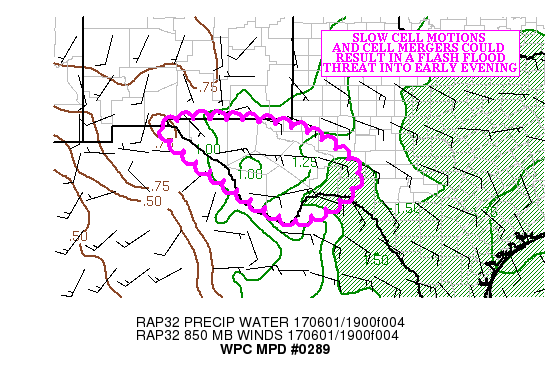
AREAS AFFECTED...FAR WEST TX

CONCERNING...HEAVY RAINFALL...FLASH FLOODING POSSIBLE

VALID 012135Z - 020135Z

SUMMARY...SLOW CELL MOTIONS AND CELL MERGERS COULD POSE A FLASH
FLOOD THREAT ACROSS WEST TX THROUGH THE EARLY MORNING HOURS.

DISCUSSION...CONVECTION CONTINUES TO DEVELOP IN AN AXIS OF
1500-2500 J/KG OF MLCAPE EXTENDING FROM KELP TO NEAR KDRT (THOUGH
OUTFLOW FROM EARLIER CONVECTION HAS PRODUCED AN AREA OF LOW LEVEL
CIN NORTH OF KMRF). THE EXPERIMENTAL GOES-16 IR LOOP SHOWED CORES
OF COOLING TOPS IN THE AXIS OF BEST INSTABILITY...WITH THE COLDEST
CLOUD TOPS NEAR -67 DEGREES C.

A LOW LEVEL 15 KNOT SOUTHEAST FLOW CONTINUES TO TRANSPORT 1.00 TO
1.25 INCH PRECIPITABLE WATER AIR INTO WEST TX FROM THE WESTERN
GULF OF MEXICO (PER THE LATEST RAP ANALYSIS AND BLENDED TPW
PRODUCT). THE KMAF RADAR SHOWED HOURLY RAINFALL RATES NEAR 1.50
INCHES IN THE MOISTURE PLUME. HOWEVER...RAP MODEL SOUNDINGS
INDICATED DRY AIR IN THE MID LEVELS...AND THE LATEST KMAF HCA
PRODUCT STRONGLY SUGGESTED THE PRESENCE OF HAIL...WHICH COULD BE
CONTAMINATING THE RAINFALL RATES.

THE FLOW BECOMES INCREASING DIFFLUENT AHEAD OF A SHORT WAVE MOVING
ACROSS NORTHERN MEXICO THIS AFTERNOON. THE SYNOPTIC SCALE ASCENT
COULD AID IN THE EXPANSION OF THE CURRENT CONVECTIVE COVERAGE.

RAP PROPAGATION VECTORS SUGGEST THAT THE CONVECTION SHOULD BE
LARGELY OUTFLOW DOMINATED (AND THIS OCCURS TO THE CASE...BASED ON
THE RADAR PRESENTATION). HOWEVER...NEW CONVECTION FORMING ON
OUTFLOW BOUNDARIES COULD TRAIN OVER AREAS THAT RECEIVED HEAVY RAIN
EARLIER THIS AFTERNOON. THIS COULD POSE A FLASH FLOOD THREAT...
ESPECIALLY OVER FAR WEST TX...WHERE CELL MOTIONS ARE SLOWER THAN
FURTHER EAST.

THE LATEST HRRR INDICATED LOCAL 2.00 TO 3.00 INCHES OF
RAINFALL...PREDOMINATELY EAST OF A KFST-K6R6 LINE. THREE HOUR
FLASH FLOOD GUIDANCE VALUES ARE AS LOW AS 1.50 INCHES IN
SPOTS...SO CELL MERGERS AND/OR SHORT TERM TRAINING WOULD BE
NECESSARY TO INITIATE FLASH FLOODING.

THE THREAT FOR LOCALIZED FLASH FLOODING COULD EXTEND BEYOND
01Z...AS THE LATEST RAP
SHOWED INSTABILITY REMAINING PLACE THAT LONG.